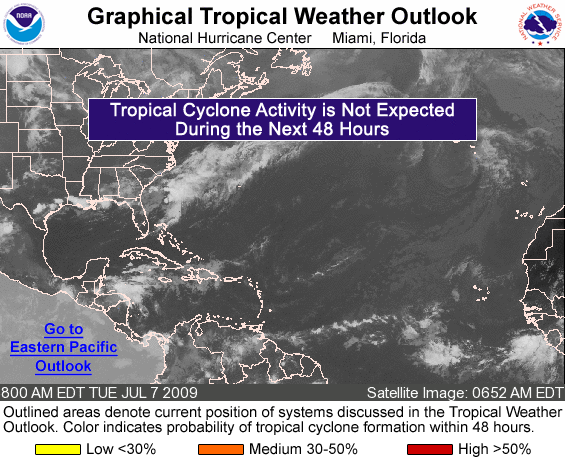
FOR THE NORTH ATLANTIC...CARIBBEAN SEA AND THE GULF OF MEXICO...

TROPICAL CYCLONE FORMATION IS NOT EXPECTED DURING THE NEXT 48 HOURS.

FORECASTER AVILA